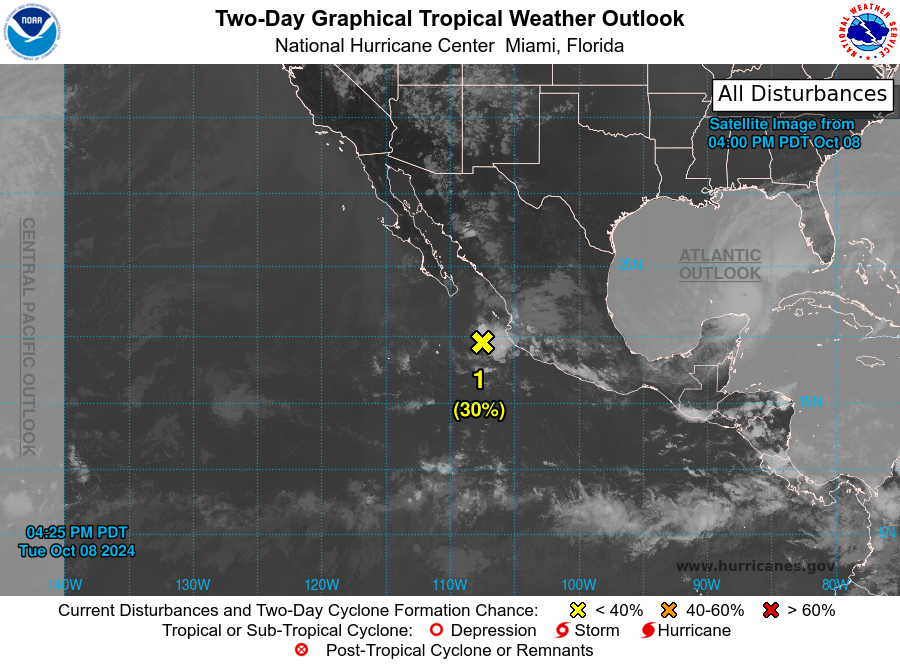
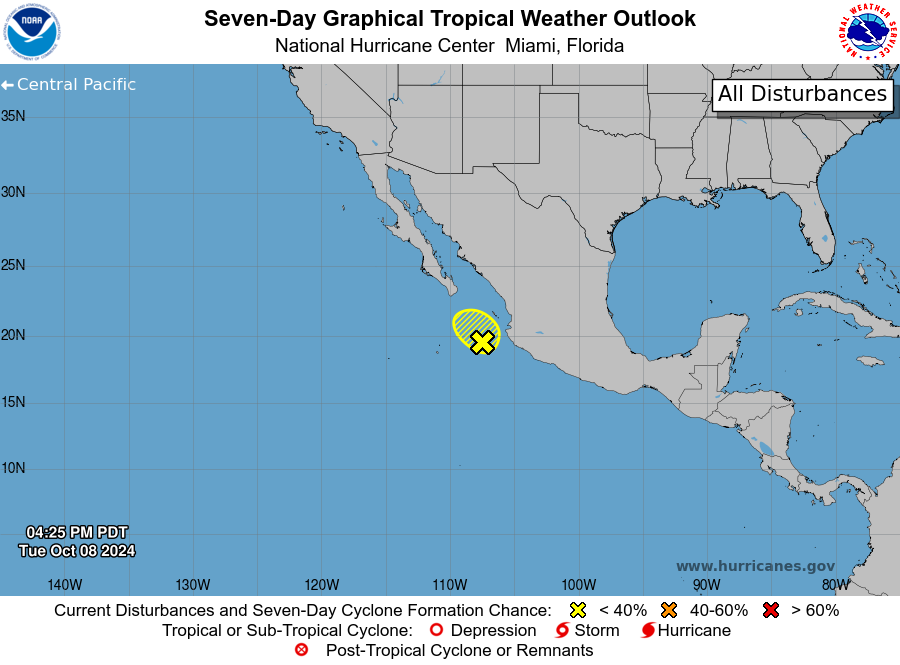
For the eastern North Pacific...east of 140 degrees west longitude:

1. Offshore of Southwestern Mexico (EP99): Showers and thunderstorms remain limited in association with a small but well-defined area of low pressure located a little over one hundred miles west-southwest of Puerto Vallarta, Mexico. The proximity of very dry environmental air to the west of the system may continue to limit shower and thunderstorm activity and its chances to become a tropical depression are decreasing. This system is forecast to move slowly north-northwestward to northwestward, just offshore of the coast of Mexico and by late Wednesday, upper-level winds are also forecast to become unfavorable, ending its chances for further development. Regardless of development, the system could bring areas of heavy rain to portions of southwestern Mexico during the next couple of days.
* Formation chance through 48 hours...low...30 percent.
* Formation chance through 7 days...low...30 percent.

Forecaster Papin